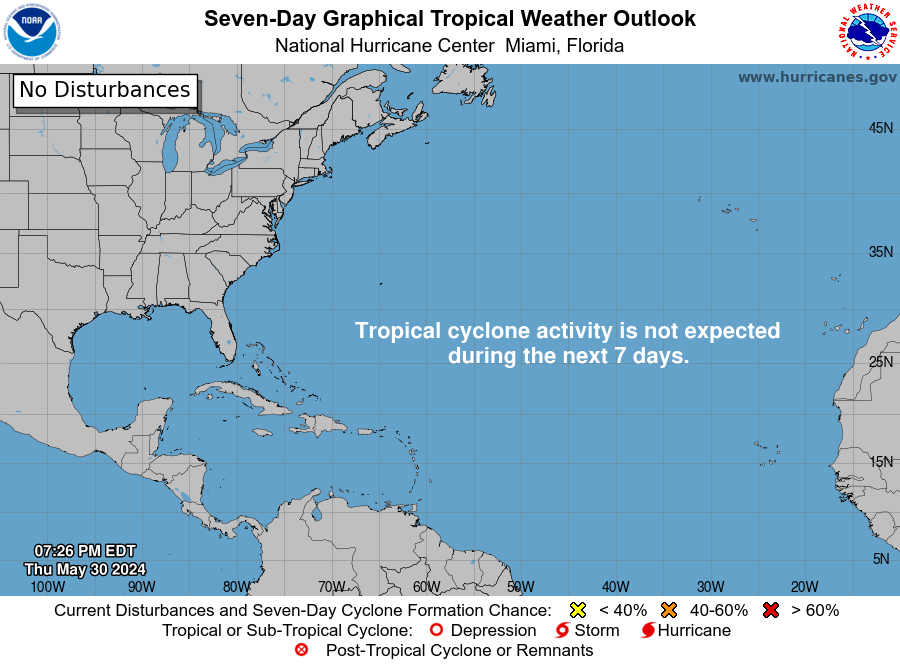
For the North Atlantic...Caribbean Sea and the Gulf of Mexico:

Tropical cyclone formation is not expected during the next 7 days.

Forecaster Beven